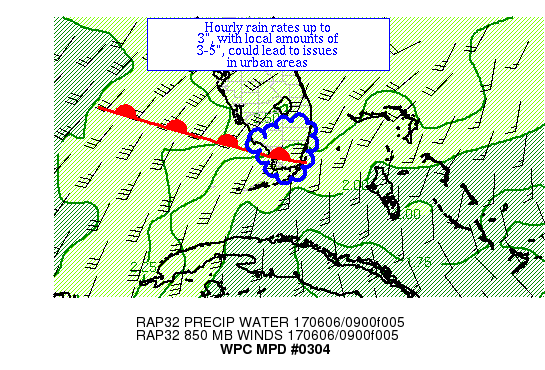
AREAS AFFECTED...SOUTHERN FL PENINSULA/UPPER KEYS

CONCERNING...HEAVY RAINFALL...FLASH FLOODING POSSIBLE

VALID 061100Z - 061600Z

SUMMARY...ORGANIZED CONVECTION CONTINUES MOVING EAST AT ~10 KTS
ACROSS SOUTHWEST FL.  HOURLY RAIN RATES TO 3" ARE EXPECTED, BUT
FORWARD PROPAGATION COULD START IN EARNEST SHORTLY WHICH COULD
LIMIT OVERALL TOTALS TO LOCAL 3-5" AMOUNTS.

DISCUSSION...A WEAK WARM FRONT IS LOCATED IN THE THERMAL FIELD
ACROSS THE SOUTHERN EVERGLADES AT 10Z.  ALOFT, THE FLOW IS QUITE
DIVERGENT BETWEEN THE SUBTROPICAL STREAM AND THE SOUTHERN STREAM
OF THE POLAR JET TO THE EAST-SOUTHEAST OF AN UPPER LOW.  INFLOW AT
850 HPA IS SLIGHTLY CONVERGENT OUT OF THE SOUTHWEST NEAR 30 KTS
INTO THE REGION.  INSTABILITY NEAR THE CONVECTION HAS BEEN
LOWERING DUE TO ITS PRESENCE, WHILE IT REMAINS SIGNIFICANT TO ITS
EAST -- IN THE RANGE OF 2000-4000 J/KG WHICH IS LEADING TO MINIMAL
ELEVATION OVER THE BOUNDARY.

EVEN THOUGH MINIMAL THICKNESS GRADIENT EXISTS ACROSS THE REGION IN
THE PROXIMITY OF THE SUBTROPICAL JET, THE EXPECTATION IS FOR THE
FORWARD PROPAGATION TO PICK UP STEAM OVER THE NEXT SEVERAL HOURS
CAUSED BY THE EVOLVING INSTABILITY FIELD, WHICH SHOULD SLOWLY
LOWER THE SHORT TERM HEAVY RAINFALL RISK.  HOWEVER, DECREASING CIN
NEAR THE SURFACE BOUNDARY OVER THE NEXT FEW HOURS COULD LEAD TO
NEW CONVECTION CLOSER TO THE GOLD COAST AND UPPER KEYS WITH TIME.
EVEN THOUGH UPSTREAM CONVECTION IN THE GULF IS EXPECTED TO
CONTINUE DUE TO PERSISTENT 850 HPA INFLOW THAT IS NOT FORECAST TO
WANE, THE MOTION VECTOR SHOULD BECOME MORE EAST-SOUTHEAST TO
SOUTHEAST WITH TIME DUE TO CHANGES IN THE INSTABILITY FIELD/A
STALLING OF THE FRONTAL BOUNDARY -- PERHAPS IN THE FORM OF A WAVY
SQUALL LINE -- SLOWLY INCREASING THE THREAT TO PLACES SUCH AS
FLORIDA CITY SHOULD TRAINING CHARACTERISTICS FORM IN ITS SOUTHWEST
FLANK.  A SOUTHWARD ADJUSTED 09Z HRRR/06Z HRRR EXPERIMENTAL
APPEARS TO HAVE THE BEST CONVECTIVE IDEA HERE.  AVAILABLE MOISTURE
AND INSTABILITY SUPPORT HOURLY RAIN RATES TO 3".  BELIEVE LOCAL
MAXIMA OF 3-5" ARE POSSIBLE HERE AS THE CONVECTION ATTEMPTS TO
TURN EAST TO SOUTHEAST AT SLIGHTLY FASTER FORWARD SPEED.  WHILE
THIS WOULD BE AN ISSUE FOR URBAN AREAS, IT WOULD HELP RELIEVE DRY
SEASON-INDUCED DROUGHT ACROSS THE EVERGLADES.